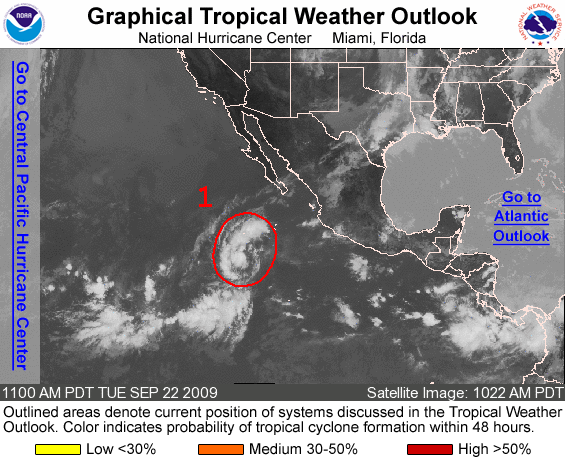
FOR THE EASTERN NORTH PACIFIC...EAST OF 140 DEGREES WEST LONGITUDE..

1. A BROAD AREA OF LOW PRESSURE IS LOCATED ABOUT 650 MILES SOUTH- SOUTHWEST OF THE SOUTHERN TIP OF BAJA CALIFORNIA. SATELLITE IMAGERY INDICATES THE CIRCULATION IS BECOMING BETTER DEFINED... BUT THE ASSOCIATED SHOWER ACTIVITY IS NOT YET ORGANIZED ENOUGH FOR THE SYSTEM TO BE CONSIDERED A TROPICAL DEPRESSION. CONDITIONS REMAIN FAVORABLE FOR DEVELOPMENT AS THIS SYSTEM MOVES WEST- NORTHWESTWARD AROUND 10 MPH. THERE IS A HIGH CHANCE...GREATER THAN 50 PERCENT...OF THIS SYSTEM BECOMING A TROPICAL CYCLONE DURING THE NEXT 48 HOURS.

ELSEWHERE...TROPICAL CYCLONE FORMATION IS NOT EXPECTED DURING THE NEXT 48 HOURS.

FORECASTER BERG/BEVEN